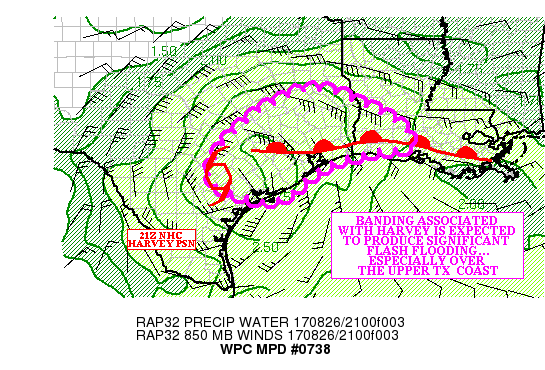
AREAS AFFECTED...SOUTHEAST TX AND SOUTHWEST LA

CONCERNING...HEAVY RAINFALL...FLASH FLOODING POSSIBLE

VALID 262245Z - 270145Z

SUMMARY...BANDING ASSOCIATED WITH TROPICAL STORM HARVEY WILL
CONTINUE TO AFFECT PORTIONS OF SOUTHEAST TX INTO SOUTHWEST LA
THROUGH THE EVENING HOURS. SIGNIFICANT FLASH FLOODING IS EXPECTED
WHERE THE BANDING PERSISTS.

DISCUSSION...THE GOES-16 CLEAN IR LOOP HAS SHOWN THAT THE TOPS ON
THE BANDING FEATURES EAST OF TROPICAL STORM HARVEY HAVE WARMED
OVER THE PAST FEW HOURS. THIS HAS BEEN REFLECTED IN THE REGIONAL
RADAR IMAGERY... AS THE BANDING OVER THE UPPER TX COAST AND
PORTIONS OF SOUTHWEST LA ARE NOT QUITE AS ROBUST AS EARLIER IN THE
AFTERNOON.

PRECIPITABLE WATER VALUES REMAIN BETWEEN 2.50 AND 2.75 INCHES (PER
THE MOST RECENT RAP ANALYSIS) IN THE CIRCULATION AROUND
HARVEY...AND THE DEEP TROPICAL MOISTURE CONTINUES TO FEED BANDING
ACROSS THE UPPER TX COAST. THE LOW LEVEL CONVERGENT FLOW IS
FOCUSING THE DEEP MOISTURE INTO CONVECTIVE BANDS EAST OF THE
CENTER OF HARVEY... RESULTING IN AN ASYMMETRIC RAINFALL
DISTRIBUTION.  THE KHGX RADAR SHOWED HOURLY RAINFALL RATES NEAR
2.50 INCHES IN BANDING JUST WEST OF KIAH...AND THE KLCH RADAR
SHOWED HOURLY RAINFALL RATES CLOSER TO 2.00 INCHES APPROACHING THE
TX/LA BORDER.

THERE IS A STRONG HIGH RESOLUTION MODEL SIGNAL FOR LOCAL 3.0 TO
5.00+ INCH RAINFALL AMOUNTS THROUGH 0130Z OVER PORTIONS OR THE
MIDDLE AND UPPER TX COAST (LED BY THE MOST RECENT HRRR...WHICH
SHOWED 6.00+ INCH AMOUNTS IN BANDING BOTH WEST AND EAST OF THE
HOUSTON METRO AREA). THE HIGHEST RAINFALL AMOUNTS ARE EXPECTED
WHERE THE BANDING PERSISTS...AND WILL PRODUCE SIGNIFICANT FLASH
FLOODING INTO THE EVENING HOURS.

LESSER AMOUNTS ARE POSSIBLE ACROSS PORTIONS OF NEARBY SOUTHWEST
LA...WHERE THE HIGH RESOLUTION MODEL SIGNAL IS NOT QUITE AS STRONG
FOR SIGNIFICANT FLASH FLOODING. HOWEVER...PORTIONS OF SOUTHWEST LA
HAVE ALREADY RECEIVED THEIR AVERAGE YEARLY RAINFALL...AND REMAINS
SENSITIVE TO ADDITIONAL HEAVY RAINFALL.